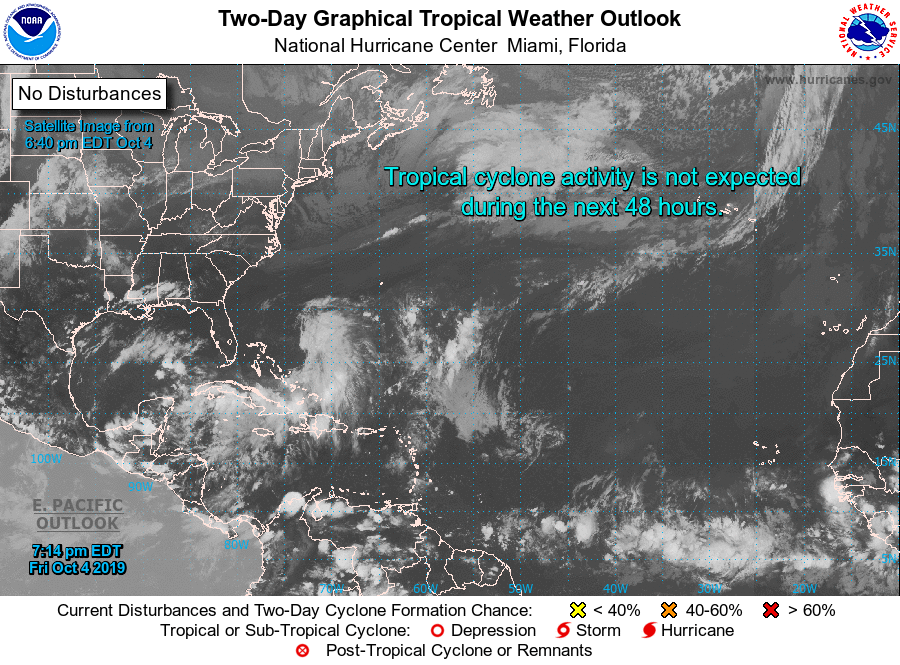
For the North Atlantic...Caribbean Sea and the Gulf of Mexico:

1. A low pressure system is forecast to form over the North Atlantic between Bermuda and the Azores early next week. This system will be monitored for signs of tropical or subtropical development while it moves slowly westward.
* Formation chance through 48 hours...low...near 0 percent.
* Formation chance through 5 days...low...20 percent.

Forecaster Ramos/Zelinsky